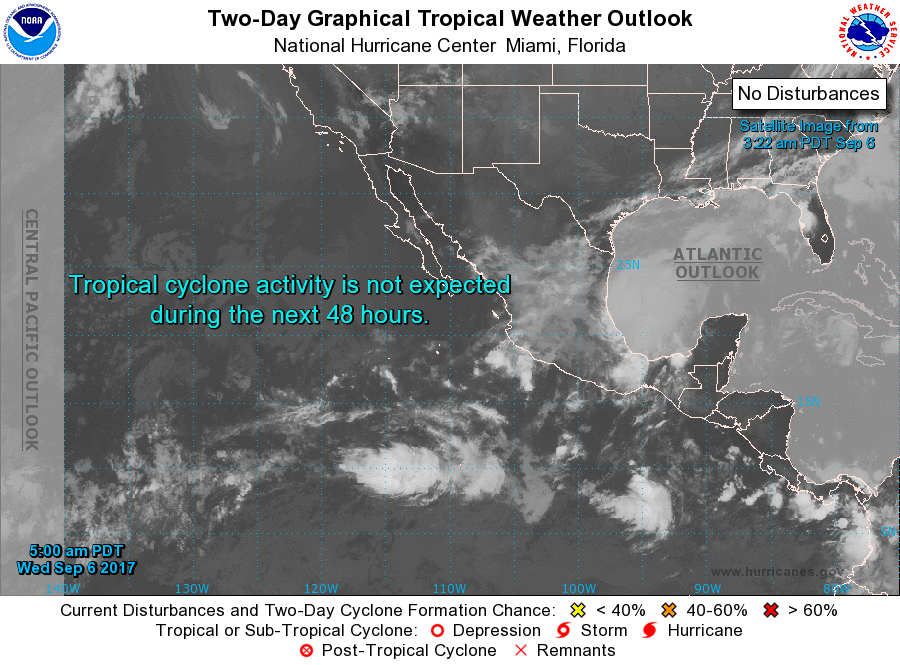
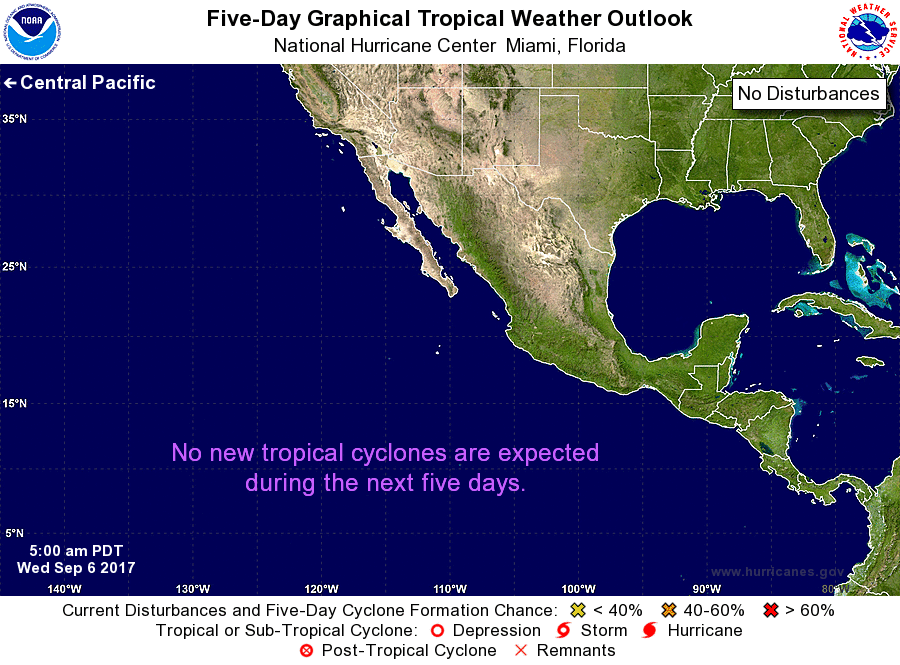
For the eastern North Pacific...east of 140 degrees west longitude:

Tropical cyclone formation is not expected during the next 5 days.

Forecaster Avila